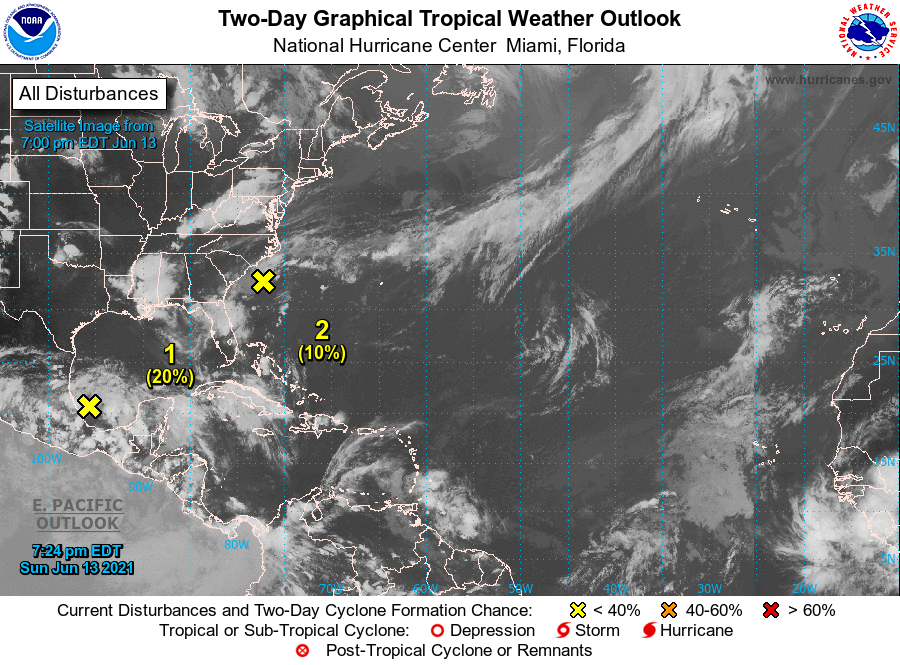
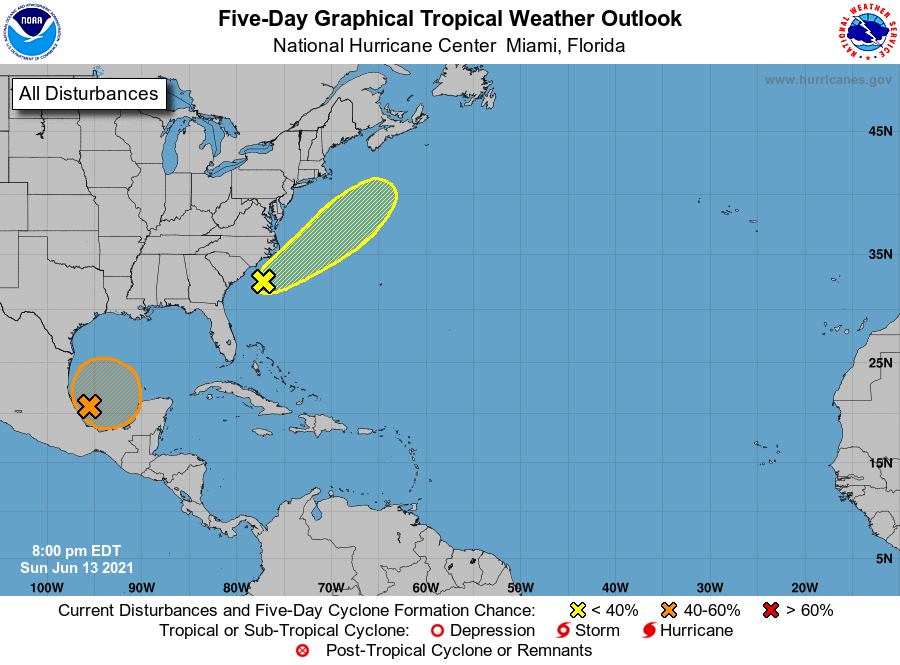
For the North Atlantic...Caribbean Sea and the Gulf of Mexico:

1. A large area of showers and thunderstorms over the Bay of Campeche is associated with a broad low pressure area, and the system has changed little in organization since earlier today. Some slow development is possible during the next few days while the low meanders near the coast of Mexico, and a tropical depression could form late in the week while the system begins to move slowly northward. Regardless of development, heavy rainfall is possible over portions of Central America and southern Mexico during the next several days. Please consult products from your local meteorological service for more information.
* Formation chance through 48 hours...low...20 percent.
* Formation chance through 5 days...medium...50 percent.

2. A non-tropical area of low pressure is located about 150 miles south-southeast of Wilmington, North Carolina and is producing disorganized showers and thunderstorms. This system is forecast to move northeastward for the next few days near the Gulf Stream waters, which could allow for some tropical development to occur while it moves away from the United States. The low should be over cold waters south of Nova Scotia by midweek, ending its development chances.
* Formation chance through 48 hours...low...10 percent.
* Formation chance through 5 days...low...20 percent.

Forecaster Pasch